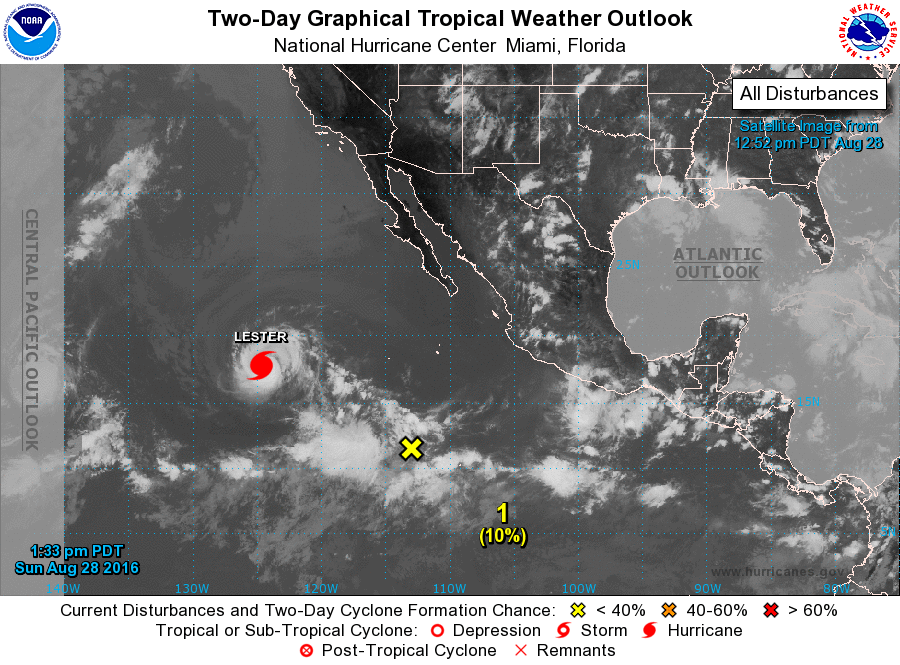
For the eastern North Pacific...east of 140 degrees west longitude:

The National Hurricane Center is issuing advisories on Hurricane Lester, located about 950 miles west-southwest of the southern tip of the Baja California peninsula.

1. A broad area of cloudiness and disorganized showers is located several hundred miles south-southwest of the southern tip of the Baja California peninsula. Development, if any, of this system is expected to be slow to occur as it moves westward or west- northwestward during the next few days.
* Formation chance through 48 hours...low...10 percent
* Formation chance through 5 days...low...20 percent

2. An area of low pressure is expected to form later this week a few hundred miles south or southeast of Acapulco, Mexico. Environmental conditions appear conducive for slow development of this system as it moves generally west-northwestward.
* Formation chance through 48 hours...low...near 0 percent
* Formation chance through 5 days...low...20 percent

Forecaster Pasch